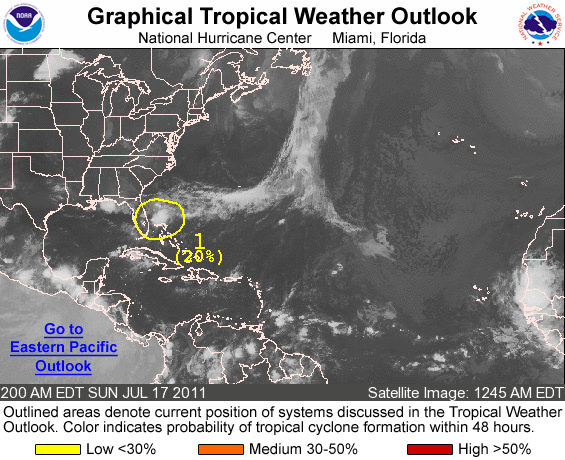
FOR THE NORTH ATLANTIC...CARIBBEAN SEA AND THE GULF OF MEXICO...

1. SHOWER AND THUNDERSTORM ACTIVITY ASSOCIATED WITH A SURFACE TROUGH HAS BECOME A LITTLE BETTER ORGANIZED THIS MORNING ABOUT 125 MILES EAST OF CAPE CANAVERAL FLORIDA. HOWEVER...SURFACE OBSERVATIONS INDICATE THAT PRESSURES ARE HIGH IN THE AREA AND THERE ARE NO SIGNS OF A ORGANIZED WIND CIRCULATION. UPPER-LEVEL WINDS ARE CURRENTLY ONLY MARGINALLY CONDUCIVE FOR DEVELOPMENT...BUT COULD BECOME A LITTLE MORE FAVORABLE DURING THE NEXT DAY OR TWO. THERE IS A LOW CHANCE ...20 PERCENT...OF BECOMING A TROPICAL CYCLONE DURING THE NEXT 48 HOURS AS IT MOVES SLOWLY TOWARD THE SOUTH. AN AIR FORCE RESERVE HURRICANE HUNTER AIRCRAFT IS SCHEDULED TO INVESTIGATE THIS SYSTEM LATER TODAY...IF NECESSARY.

ELSEWHERE...TROPICAL CYCLONE FORMATION IS NOT EXPECTED DURING THE NEXT 48 HOURS.

FORECASTER BEVEN